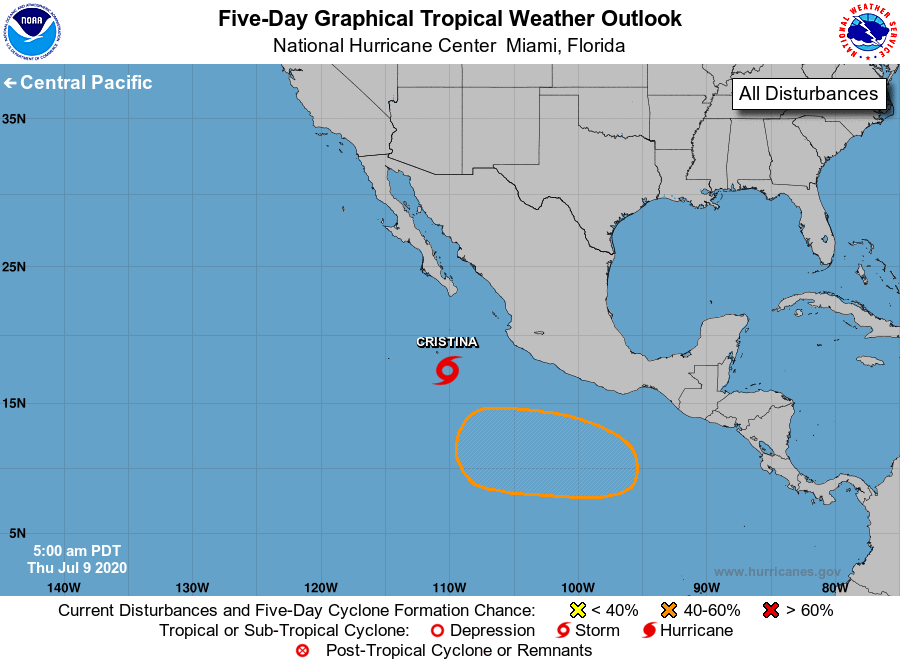
For the eastern North Pacific...east of 140 degrees west longitude:

The National Hurricane Center is issuing advisories on Tropical Storm Cristina, located several hundred miles south of the southern tip of the Baja California peninsula.

1. An area of low pressure is forecast to form south of the Gulf of Tehuantepec in a couple of days. Environmental conditions are expected to be conducive for development, and a tropical depression could form early next week while the system moves westward well south of the coast of Mexico.
* Formation chance through 48 hours...low...near 0 percent.
* Formation chance through 5 days...medium...60 percent.

Forecaster Latto